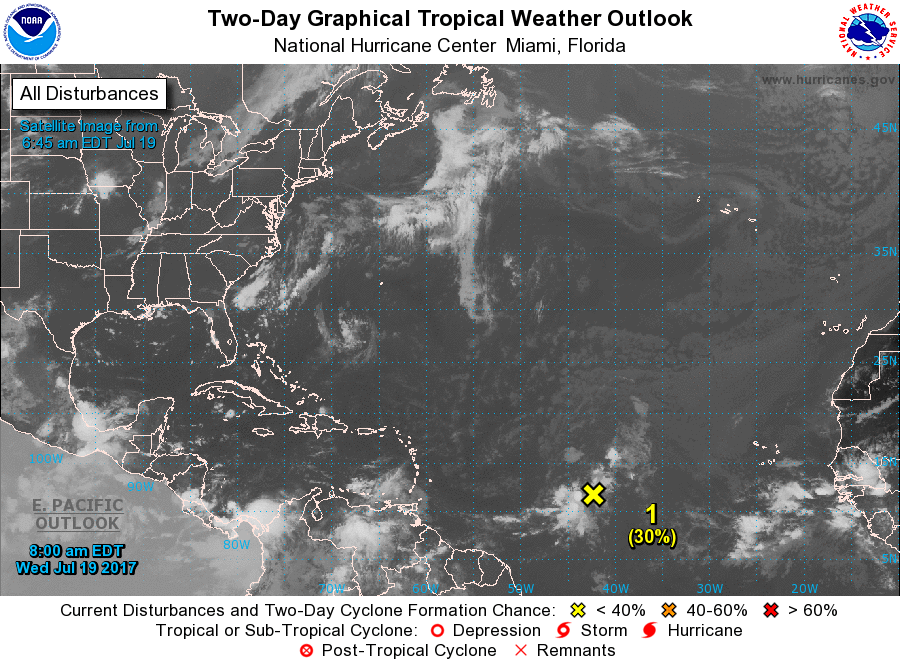
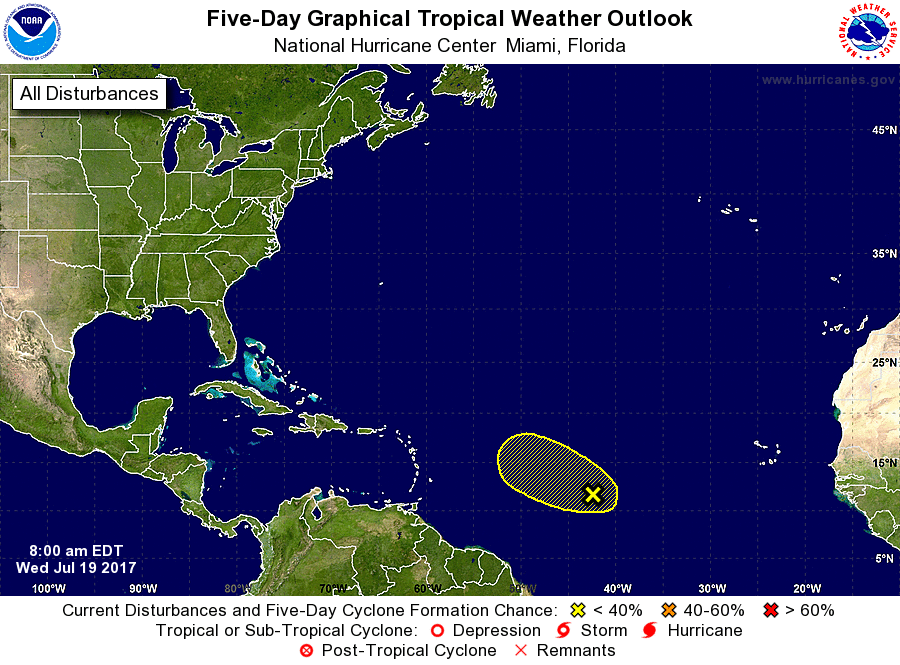
For the North Atlantic...Caribbean Sea and the Gulf of Mexico:

1. An elongated low pressure area located about midway between the Cabo Verde Islands and the Lesser Antilles is producing a large area of disorganized showers and thunderstorms. Some gradual development of this system is possible during the next day or two while it moves toward the west-northwest or northwest at 10 to 15 mph. After that time, environmental conditions are forecast to become unfavorable for development.
* Formation chance through 48 hours...low...30 percent.
* Formation chance through 5 days...low...30 percent.

Forecaster Brown